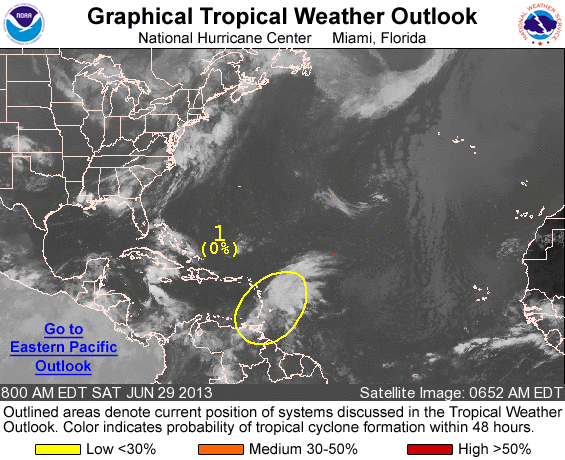
FOR THE NORTH ATLANTIC...CARIBBEAN SEA AND THE GULF OF MEXICO...

1. A TROPICAL WAVE MOVING THROUGH THE LESSER ANTILLES IS PRODUCING A LARGE AREA OF DISORGANIZED CLOUDINESS AND SHOWERS. UPPER-LEVEL WINDS REMAIN UNFAVORABLE FOR DEVELOPMENT...AND THIS SYSTEM HAS A LOW CHANCE...NEAR 0 PERCENT...OF BECOMING A TROPICAL CYCLONE DURING THE NEXT 48 HOURS AS IT MOVES WEST-NORTHWESTWARD AT AROUND 20 MPH. GUSTY WINDS AND LOCALLY HEAVY RAINS ARE EXPECTED TO CONTINUE TO SPREAD ACROSS PORTIONS OF THE LESSER ANTILLES AND THE NORTHERN COAST OF VENEZUELA TODAY...AND OVER PUERTO RICO AND THE U.S. VIRGIN ISLANDS BY SUNDAY.

ELSEWHERE...TROPICAL CYCLONE FORMATION IS NOT EXPECTED DURING THE NEXT 48 HOURS.

FORECASTER KIMBERLAIN